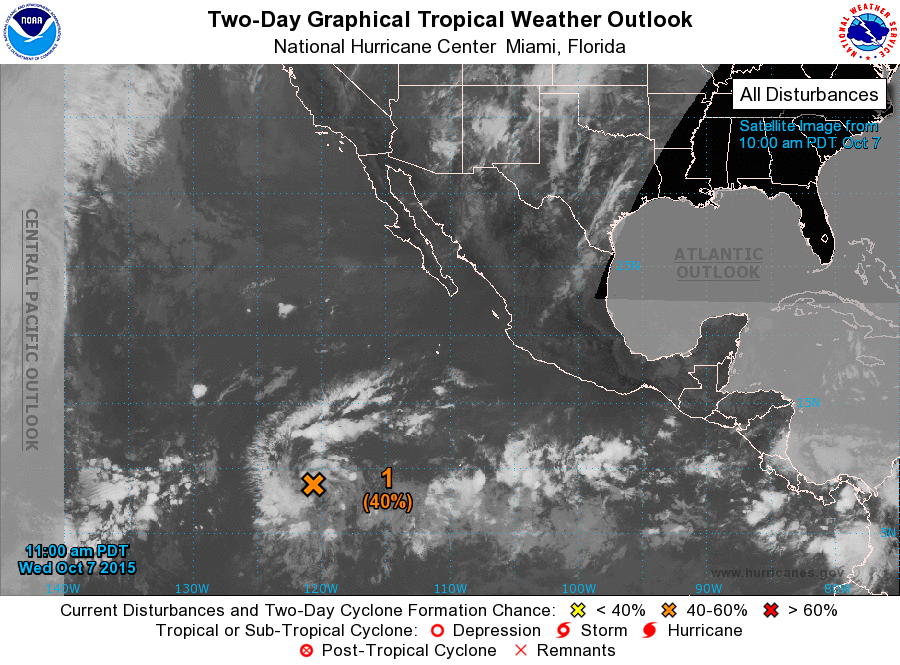
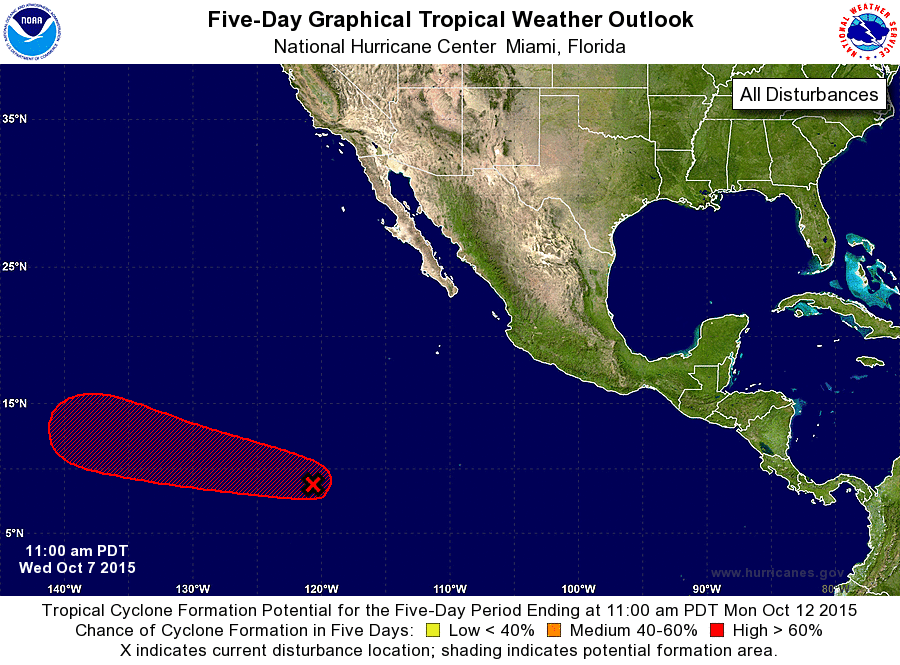
For the eastern North Pacific...east of 140 degrees west longitude:

1. Showers and thunderstorms continue to show signs of organization in association with a tropical wave located about 1250 miles southwest of the southern tip of the Baja California peninsula. Environmental conditions are forecast to be conducive for development, and a tropical depression is likely to form by the weekend while the system moves west-northwestward at about 15 mph.
* Formation chance through 48 hours...medium...40 percent
* Formation chance through 5 days...high...70 percent

Forecaster Blake